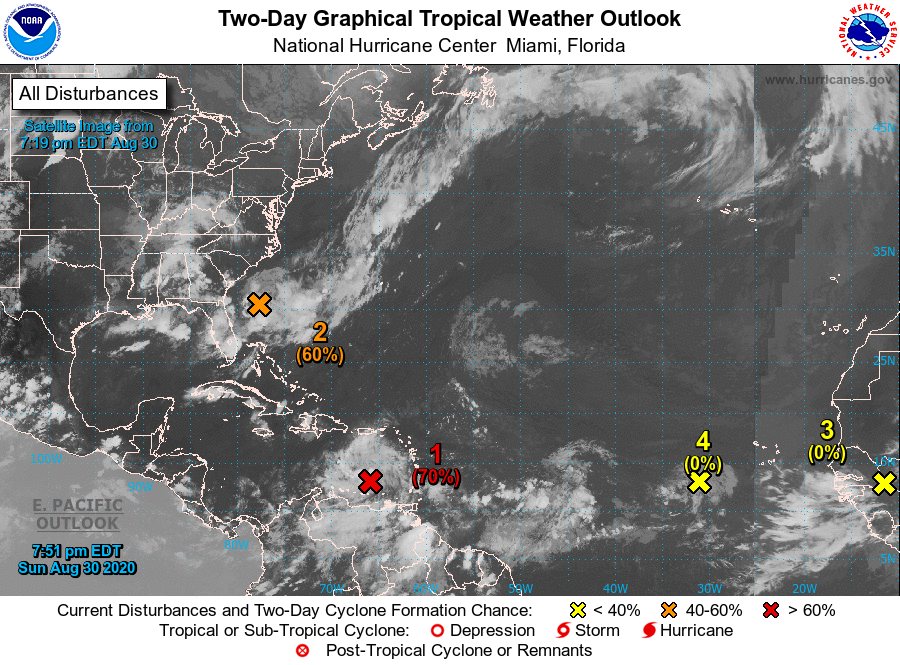
For the North Atlantic...Caribbean Sea and the Gulf of Mexico:

1. Showers and thunderstorms continue to shows some signs of organization in association with a tropical wave and broad area of low pressure over the eastern Caribbean Sea. Environmental conditions are expected to gradually become more conducive for development, and a tropical depression is likely to form during the next day or two while the system moves moves westward at about 15 mph. Interests in Jamaica, Honduras, Belize, Guatemala and the Yucatan peninsula should monitor the progress of this disturbance.
* Formation chance through 48 hours...high...70 percent.
* Formation chance through 5 days...high...80 percent.

2. Satellite and radar images indicate that an area of low pressure is developing a couple of hundred miles east of Jacksonville, Florida. Environmental conditions appear conducive for some additional development, and a tropical depression is likely to form by the middle of the week while the system moves northeastward or east-northeastward, initially parallel to the southeastern coast of the U.S. and then away from land.
* Formation chance through 48 hours...medium...60 percent.
* Formation chance through 5 days...high...70 percent.

3. A new tropical wave is expected to emerge off the coast of Africa in a couple of days. Gradual development of this system will be possible through the end of the week while it moves slowly westward over the far eastern tropical Atlantic Ocean.
* Formation chance through 48 hours...low...near 0 percent.
* Formation chance through 5 days...low...30 percent.

4. A westward-moving tropical wave is located over the eastern Atlantic Ocean, several hundred miles southwest of the Cabo Verde Islands. This system is producing limited shower activity, and any development of this system should be slow to occur due to unfavorable environmental conditions.
* Formation chance through 48 hours...low...near 0 percent.
* Formation chance through 5 days...low...20 percent.

Forecaster Latto